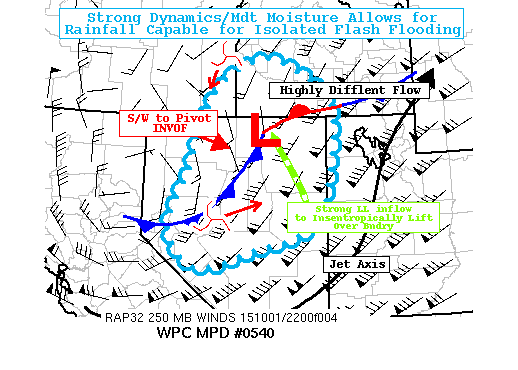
AREAS AFFECTED...N NEVADA...SW IDAHO...NW UTAH

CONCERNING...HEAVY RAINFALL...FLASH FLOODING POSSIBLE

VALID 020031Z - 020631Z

SUMMARY...STRONG DYNAMICS WITH UNSEASONABLE MOISTURE AVAILABILITY
TO ALLOW FOR POTENTIAL FOR MODERATE TOTALS IN VICINITY OF LOW
FLASH FLOOD GUIDANCE

DISCUSSION...VERY STRONG SPEED MAX AND ASSOCIATED VORT ROUNDING
THE BASE OF THE LARGER SCALE TROF WHILE DISTANT FROM NORTHERN
STREAM ENERGY ALLOW FOR COL IN THE UPPER TROF WITH S/W RIDGING
WITH BACKING UPPER LEVEL FLOW IN ACROSS NE NV/SW ID.  THIS
SUPPORTS STRONG CYCLONIC DEVELOPMENT AT THE SURFACE WITH
STRENGTHENING LOW LEVEL FIELDS FOR INCREASED CONVERGENCE ALONG THE
FRONTAL ZONE AND ALONG OROGRAPHY.  COOLING ALOFT STEEPENS LAPSE
RATES TO SUPPORT MUCAPES IN THE 500-1000 J/KG FOR CONVECTIVE
DEVELOPMENT.  TPWS INDICATED IN BLENDED TPW AND GOES SOUNDER ARE
NOT IMPRESSIVE BY MOST STANDARDS AT .75"...BUT ARE NEARLY 3
STANDARD DEVIATIONS ABOVE NORMAL...CAPABLE OF EXCEEDING THE LOW
FLASH FLOOD GUIDANCE...THOUGH THE CORES SHOULD BE NARROW AND SMALL
THAT FLASH FLOODING THREAT SHOULD BE ISOLATED.

VISIBLE IMAGERY AND LIGHTNING DETECTION NETWORK SHOW THESE NEW
CELLS SPROUTING WITHIN LANDER/EUREKA AND ELKO COUNTIES.  OVER THE
NEXT FEW HOURS AS THE STRONG VORT LOBE SHIFTS EAST...THE CELL
MOTIONS AND CORFIDI VECTORS REDUCE IN TO NEAR ZERO TO 10KT
RANGE...AND THE POTENTIAL FOR A PIVOT OF THE NORTHERN PORTION OF
THE UPPER LOW  OVER N NV AND KEEP THE DEFORMATION CHANNEL ACROSS
SW ID ACTIVE WITH MODERATE RAINFALL...WITH THE INSTABILITIES
EXHAUSTED RAINFALL WILL BECOME MORE STRATIFORM IN NATURE GIVEN
CONTINUED UPPER-LEVEL DIVERGENCE AND PVA.  HI-RES CAMS HAVE STRONG
AGREEMENT AS THE SSEO MEAN EVEN INDICATES 6HR TOTALS IN EXCESS OF
1" AND THE SPC-WRF/NAM CONEST AND HRRR ALL INDICATING TOTALS AOA
2" IN THE SAME TIME PERIOD.